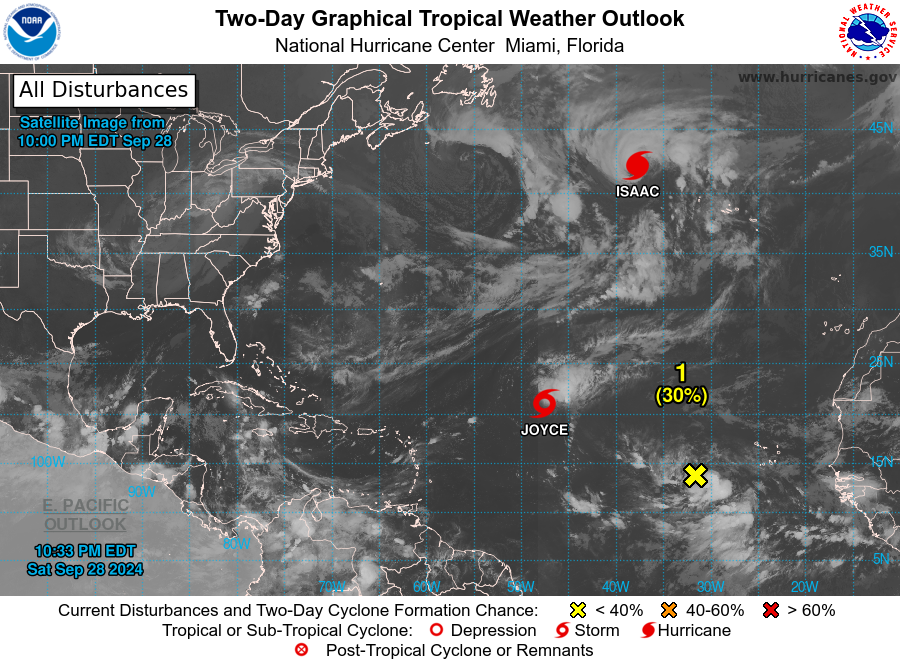
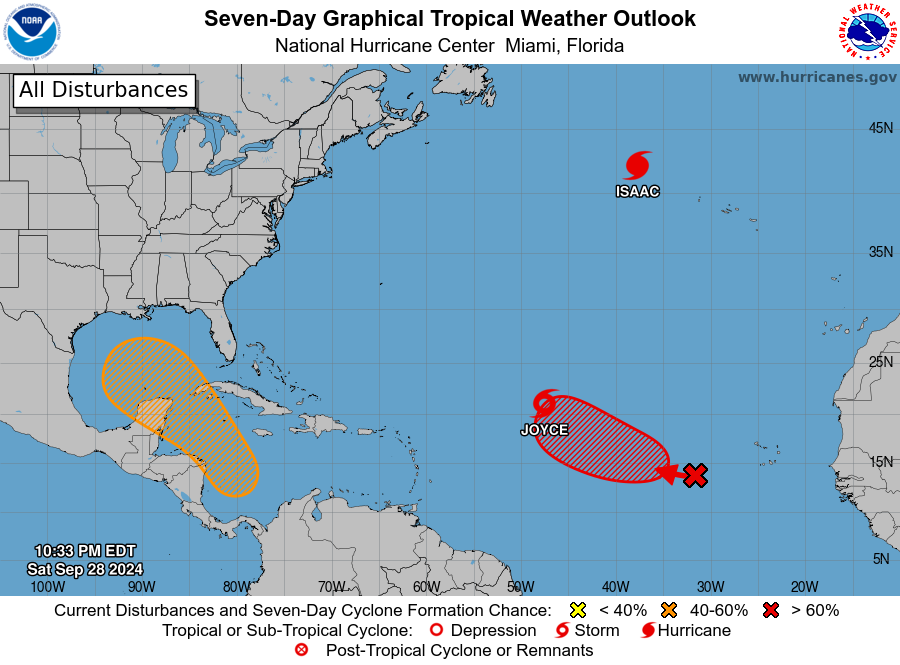
For the North Atlantic...Caribbean Sea and the Gulf of Mexico:

Active Systems: The National Hurricane Center is issuing advisories on Hurricane Isaac, located several hundred miles west-northwest of the Azores, and on Tropical Storm Joyce, located over the central Atlantic Ocean.

1. Eastern and Central Tropical Atlantic (AL90): An elongated area of low pressure located a few hundred miles west-southwest of the Cabo Verde Islands continues to produce disorganized showers and thunderstorms. Environmental conditions appear conducive for gradual development of this system, and a tropical depression will likely form during the early or middle part of next week while the system moves toward the west and then northwest across the eastern and central tropical Atlantic.
* Formation chance through 48 hours...low...30 percent.
* Formation chance through 7 days...high...70 percent.

2. Western Caribbean Sea and Gulf of Mexico: An area of low pressure is expected to form over the western Caribbean Sea in a couple of days. Environmental conditions are forecast to be conducive for gradual development thereafter, and a tropical depression could form around the middle part of next week. This system is expected to move northwestward into the Gulf of Mexico during the latter portion of next week, and interests in the northwestern Caribbean Sea and along the U.S. Gulf Coast should monitor its progress.
* Formation chance through 48 hours...low...near 0 percent.
* Formation chance through 7 days...medium...50 percent.

Forecaster Berg